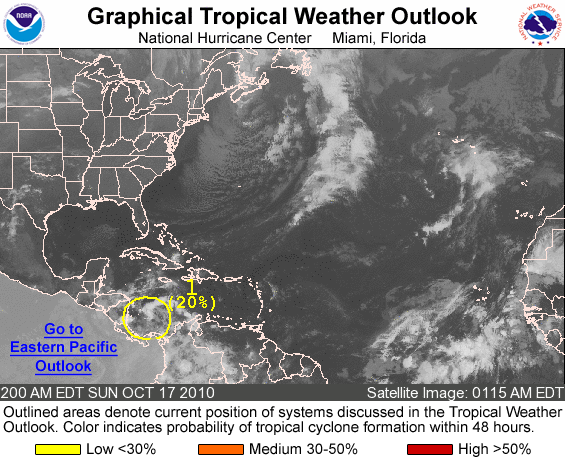
FOR THE NORTH ATLANTIC...CARIBBEAN SEA AND THE GULF OF MEXICO...

1. A NEARLY STATIONARY LOW PRESSURE SYSTEM LOCATED JUST NORTH OF WESTERN PANAMA IS PRODUCING LIMITED THUNDERSTORM ACTIVITY OVER THE SOUTHWESTERN CARIBBEAN SEA DUE TO THE PROXIMITY OF DRY AIR. HOWEVER...ENVIRONMENTAL CONDITIONS ARE EXPECTED TO GRADUALLY BECOME MORE CONDUCIVE FOR SOME DEVELOPMENT OF THIS DISTURBANCE DURING THE NEXT FEW DAYS AS IT DRIFTS WESTWARD OR NORTHWESTWARD. THERE IS A LOW CHANCE...20 PERCENT...OF THIS SYSTEM BECOMING A TROPICAL CYCLONE DURING THE NEXT 48 HOURS.

ELSEWHERE...TROPICAL CYCLONE FORMATION IS NOT EXPECTED DURING THE NEXT 48 HOURS.

FORECASTER STEWART